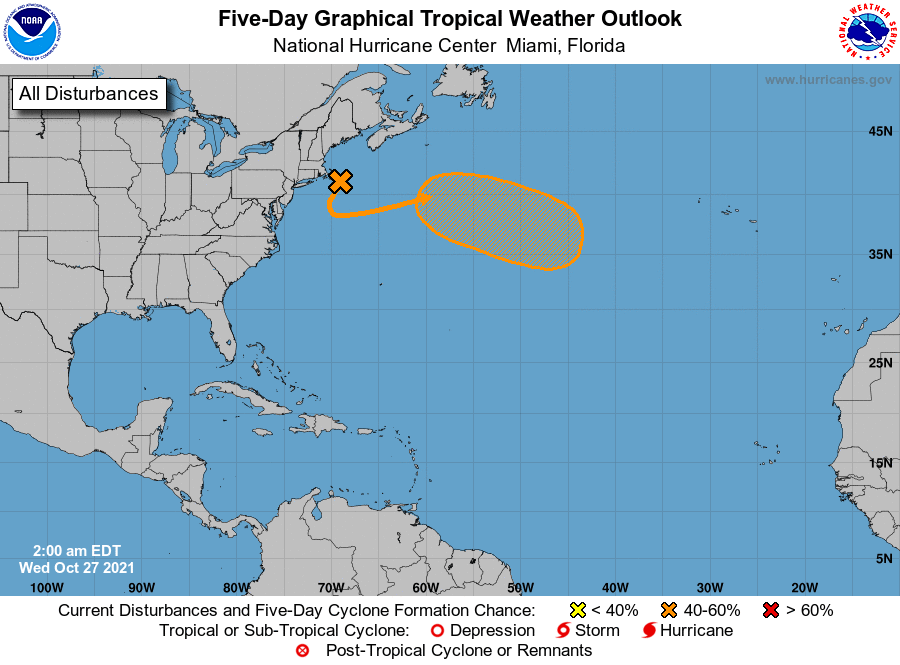
For the North Atlantic...Caribbean Sea and the Gulf of Mexico:

1. A deep, non-tropical low pressure system with storm-force winds is located less than 100 miles east-southeast of Cape Cod, Massachusetts. The extratropical low is expected to meander off of the mid-Atlantic and northeastern U.S. coasts today, bringing rain and wind impacts to portions of those areas. Thereafter, the low is expected to move eastward away from the United States, and it could acquire some subtropical characteristics while it moves eastward or southeastward over the warmer waters of the central Atlantic through this weekend. For more information on this system, including storm warnings, see products issued by your local National Weather Service office and High Seas Forecasts issued by the National Weather Service.
* Formation chance through 48 hours...low...10 percent.
* Formation chance through 5 days...medium...40 percent.

High Seas Forecasts issued by the National Weather Service can be found under AWIPS header NFDHSFAT1, WMO header FZNT01 KWBC, and online at ocean.weather.gov/shtml/NFDHSFAT1.php

Forecaster Reinhart